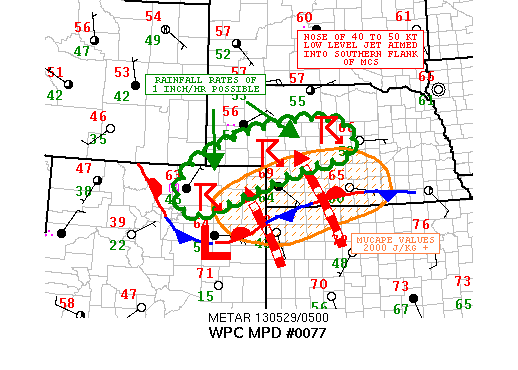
AREAS AFFECTED...NORTHEAST CO...WESTERN NE

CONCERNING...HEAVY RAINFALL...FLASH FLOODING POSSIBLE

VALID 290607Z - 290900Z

SUMMARY...SLOW-MOVING COLD-TOPPED CONVECTION BECOMING BETTER
ORGANIZED OVER NORTHEAST CO AND WESTERN NE WITH LOCALIZED CELL
MERGERS AND REPEATING OF CONVECTION. SOME INCREASE IN FLASH FLOOD
POTENTIAL IS EXPECTED OVER THE NEXT COUPLE OF HOURS.

DISCUSSION...A ROBUST MID LEVEL TROUGH ADVANCING INTO THE
INTERMOUNTAIN WEST IS PIVOTING GRADUALLY EAST INTO THE CNTRL
ROCKIES. STRONG DEEP LAYER ASCENT AFFORDED BY THE PRESENCE OF H25
RRQ JET DYNAMICS IS COUPLING WITH A MODERATELY UNSTABLE BOUNDARY
LAYER INVOF A STATIONARY FRONT TO SUSTAIN A FAIRLY STRONG MCS ATTM
OVER NERN CO AND WRN NE. MUCAPE VALUES AS PER THE LATEST RAP
ANALYSIS ARE ON THE ORDER OF 2000 TO 3000 J/KG OVER NWRN KS...NERN
CO AND SWRN NE...WITH A S/SELY LOW LEVEL JET THAT IS REACHING 40
TO 50 KTS ATTM UP THROUGH WRN KS. THE NOSE OF THIS JET IS
OVERRUNNING A STATIONARY FRONT DRAPED ACROSS THE REGION YIELDING
ENHANCED ISENTROPIC LIFT WHILE AIMED INTO THE SRN FLANK OF THE
MCS. THIS IS RESULTING IN A FAIRLY LARGE AXIS OF
BACKBUILDING/REPEATING CONVECTION. THE 00Z GLOBAL MODELS SUPPORT
SOME ADDITIONAL NOCTURNAL STRENGTHENING TO THE LOW LEVEL JET AFTER
06Z...AND THIS COUPLED WITH RELATIVELY MOIST/UNSTABLE BOUNDARY
LAYER SHOULD ACT TO SUSTAIN THE ONGOING CONVECTION FOR THE NEXT
SEVERAL HOURS. THE AFOREMENTIONED LARGE SCALE JET DYNAMICS WILL
ONLY ENHANCE THE POTENTIAL FURTHER. GIVEN THE SLOW MOVEMENT OF THE
MCS AND ESP WITH AN ENVIRONMENT FAVORABLE FOR BACKBUILDING
CONVECTION INCLUDING SOME CELL MERGERS...EXPECT THERE TO BE SOME
INCREASE IN FLASH FLOOD POTENTIAL OVER THE NEXT COUPLE OF HOURS.